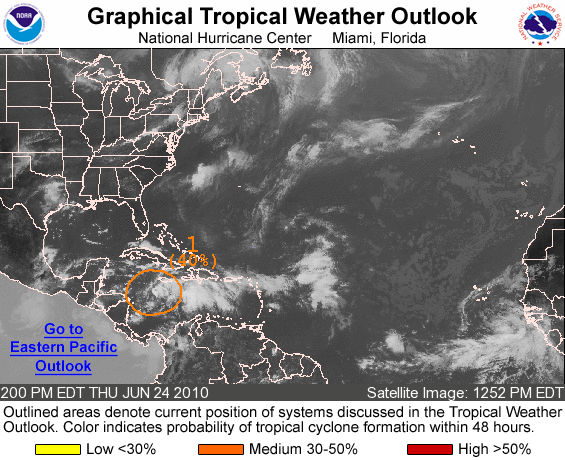
FOR THE NORTH ATLANTIC...CARIBBEAN SEA AND THE GULF OF MEXICO...

1. A TROPICAL WAVE OVER THE WESTERN CARIBBEAN SEA IS ACCOMPANIED BY A BROAD AREA OF LOW PRESSURE LOCATED ABOUT 100 MILES NORTHEAST OF THE HONDURAS-NICARAGUA BORDER. THIS SYSTEM REMAINS DISORGANIZED WITH MOST OF THE CLOUDINESS...SHOWERS...AND THUNDERSTORMS OCCURRING WELL TO THE EAST OF THE LOW AND AFFECTING MUCH OF THE NORTH-CENTRAL CARIBBEAN SEA AND ADJACENT LAND AREAS. UPPER-LEVEL WINDS ARE FORECAST TO BECOME MORE CONDUCIVE FOR DEVELOPMENT OF THIS SYSTEM AS IT MOVES WESTWARD OR WEST-NORTHWESTWARD AROUND 10 MPH OVER THE NEXT COUPLE OF DAYS. THERE IS A MEDIUM CHANCE...40 PERCENT...OF THIS SYSTEM BECOMING A TROPICAL CYCLONE DURING THE NEXT 48 HOURS.

ELSEWHERE...TROPICAL CYCLONE FORMATION IS NOT EXPECTED DURING THE NEXT 48 HOURS.

FORECASTER PASCH/CANGIALOSI